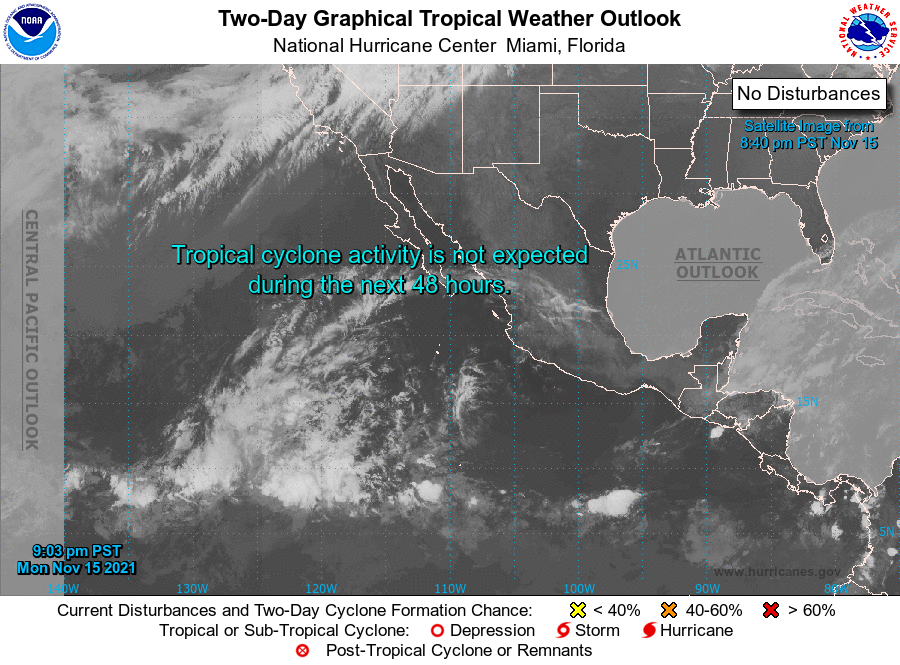
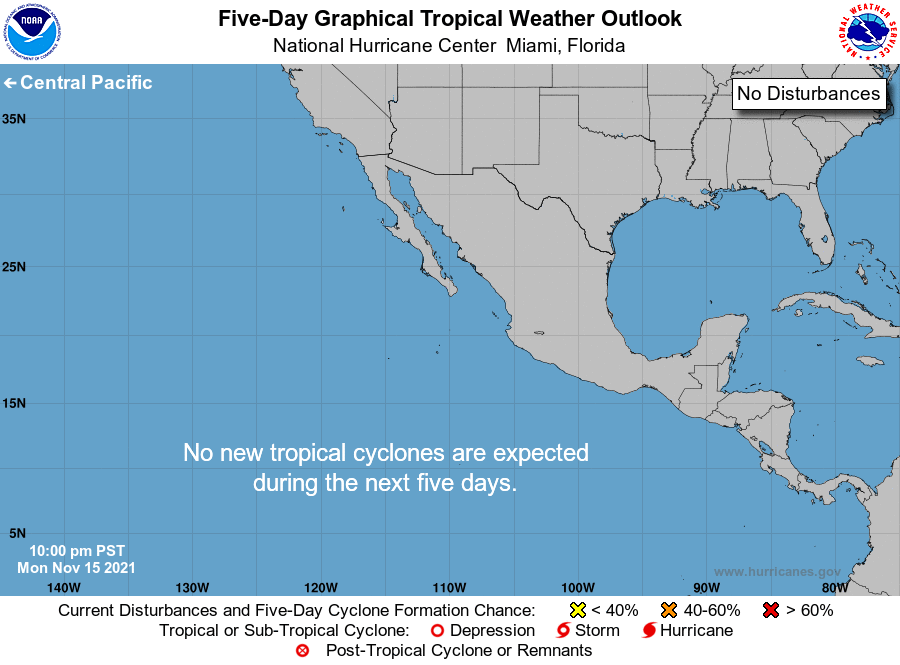
For the eastern North Pacific...east of 140 degrees west longitude:

Tropical cyclone formation is not expected during the next 5 days.

Forecaster Stewart